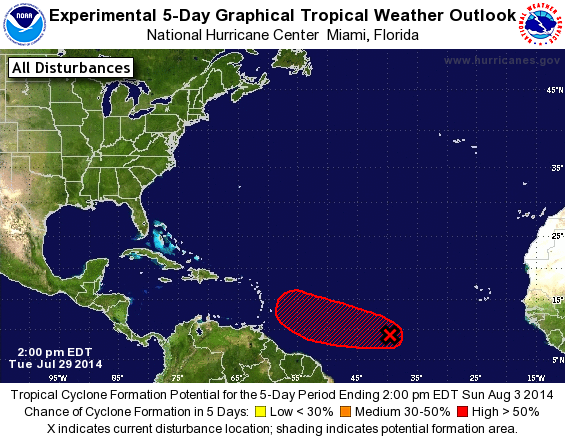
For the North Atlantic...Caribbean Sea and the Gulf of Mexico:

1. Satellite images indicate that showers and thunderstorms associated with an area of low pressure located about 1450 miles east of the southern Windward Islands are currently limited. This system remains well organized, however, and it could develop into a tropical depression later today or tomorrow while it moves westward or west-northwestward near 15 mph.
* Formation chance through 48 hours...high...70 percent.
* Formation chance through 5 days...high...80 percent.

Forecaster Pasch